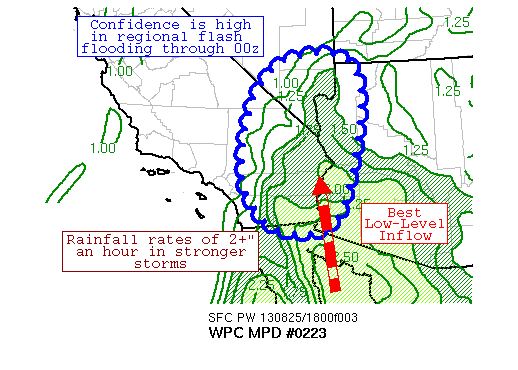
AREAS AFFECTED...WESTERN AZ...SOUTHEAST CA...AND SOUTHERN NV

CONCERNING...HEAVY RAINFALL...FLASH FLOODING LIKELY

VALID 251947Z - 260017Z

SUMMARY...SCATTERED THUNDERSTORMS WITH RAINFALL RATES OF 2"+ PER
HOUR ARE INCREASING IN COVERAGE AND ORGANIZATION, WHICH ARE
EXPECTED TO MOVE SLOWLY AND POTENTIALLY MERGE/TRAIN OVER THE NEXT
SEVERAL HOURS.  FLASH FLOODING IS LIKELY IN THIS REGION.

DISCUSSION...TO THE WEST OF AN AREA OF STRATIFORM RAIN ACROSS
WESTERN AZ ASSOCIATED WITH TROPICAL DEPRESSION IVO, DIURNAL
HEATING HAS LED TO CAPE VALUES AROUND 1000 J/KG FROM THE LOWER
COLORADO RIVER VALLEY WESTWARD ACROSS THE DESERT SOUTHWEST.
LOW-LEVEL INFLOW, PER THE 18Z RAP RUN, IS EXPECTED TO INCREASE
ACROSS THE REGION THROUGH THE AFTERNOON AND EVENING HOURS TOWARDS
20-30 KNOTS OUT OF THE SOUTH.  THE LOW-LEVEL WIND SHEAR ACROSS THE
REGION IS NEAR THE BORDERLINE FOR ORGANIZED CONVECTION -- BEYOND
WHAT WAS SEEN THIS TIME YESTERDAY -- WHICH INCREASES THE RISK OF
FLASH FLOODING.  DIVERGENCE ALOFT IS BEING AIDED BY AN UPPER LEVEL
JET ACROSS SOUTH-CENTRAL CA AND NV.  THE STORMS SHOULD BE
EFFICIENT RAIN MAKERS, AS PRECIPITABLE WATER VALUES OF 1.75-2.50
INCHES LIE ACROSS THE REGION, WHICH IS WELL ABOVE NORMAL, BEYOND
THE 90TH PERCENTILE FOR LATE AUGUST, AND ABOVE THAT SEEN THIS TIME
YESTERDAY.  WHILE 850-400 HPA MEAN WINDS IMPLY CELL MOTION OF
15-20 KNOTS TO THE NORTH, CORFIDI VECTORS ARE EVEN LIGHTER, ON THE
ORDER OF 5 KNOTS, WHICH COULD BE MORE RELEVANT PER THE EXPECTATION
OF ORGANIZED CONVECTION.  SOME WESTWARD DRIFT IS EXPECTED SIMILAR
TO THIS TIME YESTERDAY, WITH MOVEMENT TOWARDS THE CURRENT
LOW-LEVEL MOISTURE GRADIENT NEAR THE 117TH MERIDIAN EXPECTED,
SIMILAR TO YESTERDAY.  THE 12Z AFWA, 12Z EXREF MEAN, 06Z ARW, AND
06Z NMM SEEM TO HAVE THE BEST HANDLE OF THE CURRENT CONVECTIVE
DEVELOPMENT.  CELL MERGERS/TRAINING COULD LEAD TO LOCAL RAINFALL
AMOUNTS OF 2-4 INCHES WITHIN A SHORT TIME FRAME, WHICH IS CLOSE TO
THE ANNUAL AVERAGE RAINFALL FOR THE REGION.  CONFIDENCE IN
REGIONAL FLASH FLOODING IS AS HIGH AS IT HAS BEEN FOR THIS REGION
DURING THIS YEAR'S MONSOON SEASON.  REGIONAL FLASH FLOODING IS
CONSIDERED LIKELY.